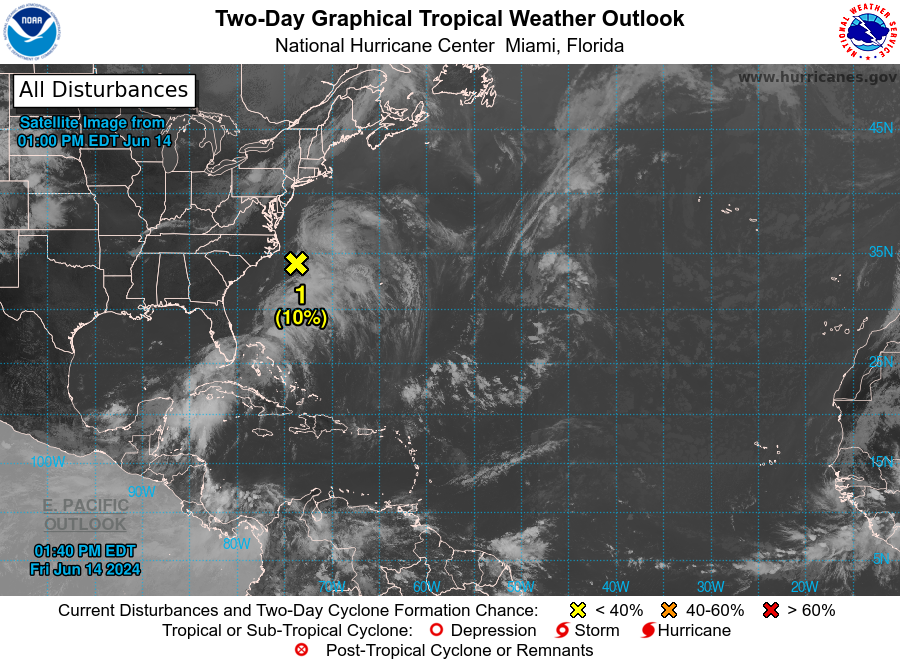
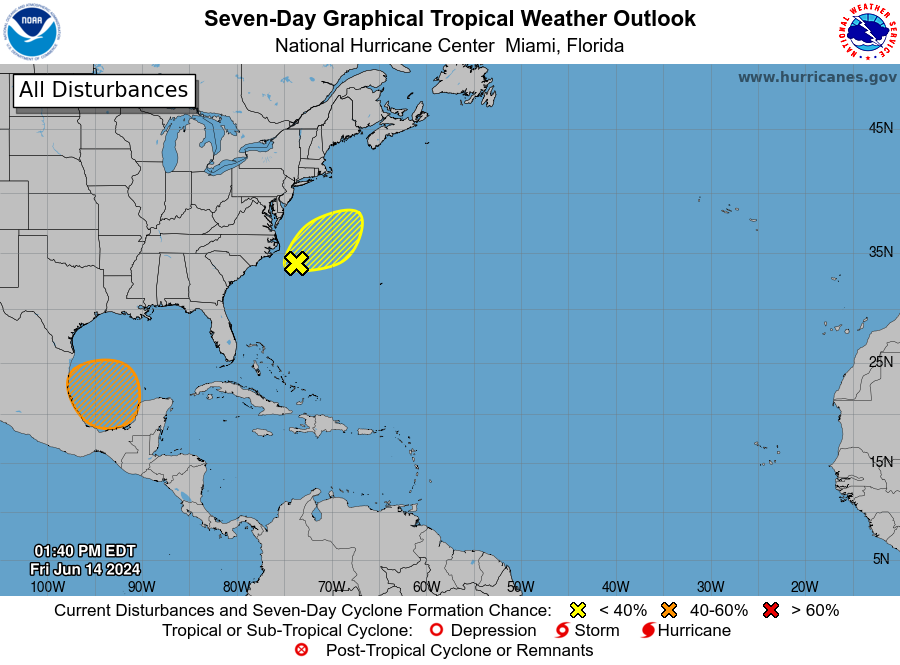
For the North Atlantic...Caribbean Sea and the Gulf of Mexico:

1. Offshore of the Southeastern U.S. (AL90): Satellite data and surface observations indicate that the low pressure area offshore of the southeastern U.S. coast is moving northeastward into the open Atlantic. This system is expected to merge with with a front over the weekend, and the chances of tropical cyclone development are decreasing. Regardless of development, heavy rainfall is forecast to continue across portions of the Florida peninsula through Saturday. For more information, see products issued by the Weather Prediction Center and local National Weather Service Forecast Offices.
* Formation chance through 48 hours...low...10 percent.
* Formation chance through 7 days...low...10 percent.

2. Southwestern Gulf of Mexico: A broad area of low pressure is forecast to form over the southwestern Gulf of Mexico late this weekend or early next week. Environmental conditions appear conducive for gradual development of this system, and a tropical depression could form during the early or middle part of next week while it moves slowly westward or west-northwestward.
* Formation chance through 48 hours...low...near 0 percent.
* Formation chance through 7 days...medium...50 percent.

Weather Prediction Center products can be found at www.wpc.ncep.noaa.gov and National Weather Service forecast information can be found at www.weather.gov

Forecaster Beven